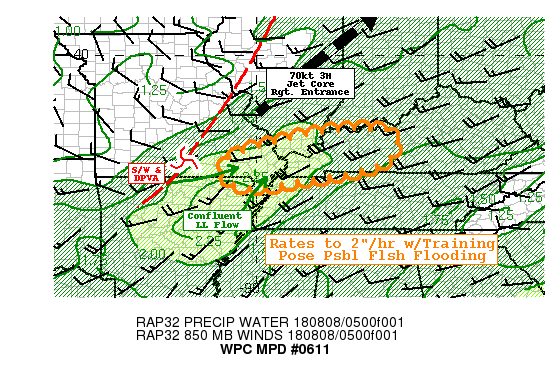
Areas affected...Bootheel of MO...Western KY...Ext Southern
IL...Ext Northwest TN...

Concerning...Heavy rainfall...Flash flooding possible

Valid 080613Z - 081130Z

SUMMARY...Developing convective complex with training elements and
deep moisture pose possible flash flooding risk overnight.

DISCUSSION...GOES-16 WV Suite depicts a large scale trof across
the Midwest extending to a sharpening s/w base near S Central MO
providing as well as upper level right jet entrance of 50-70kt 3H
core over central IL to MI for larger scale ascent across the
MS/TN/OH River confluence area.  VWP network depicts 850-7H
confluent low level flow across AR into SE MO that is coincident
with stripe of higher 850-7H moisture slug per CIRA LPW imagery.
Sfc Tds from northeast AR in the low to mid 70s ascent through
this confluence and lead to total PWATs of 2.0" lifting into this
dynamic ascent region.

Instability is a bit more limited as the saturated profiles have a
bit less lapse rates through the main updraft cores, yet values of
500-1000 J/kg should be sufficient given dynamics for efficient
rainfall production with rates up to 2"/hr.  Cell motions will be
fairly quick toward the ENE, but also be fairly parallel to the
main ascent core/axis in the low levels suggesting some training
is possible.  Totals of 2-3" are likely with these training cells,
though they will be progressing through area well below normal for
rainfall.  This may lead to harder, less absorptive soils for
greater runoff for some potential for flash flooding through 12z.